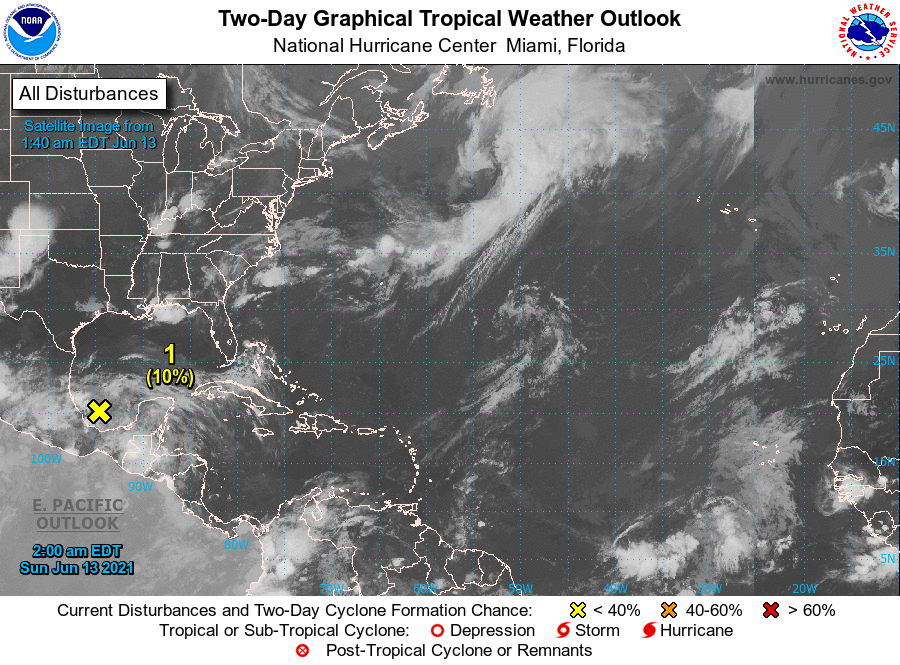
For the North Atlantic...Caribbean Sea and the Gulf of Mexico:

1. A large area of cloudiness and showers over the Bay of Campeche and adjacent land areas is associated with a trough of low pressure. Slow development is possible over the next several days while the broad disturbance moves little, and a tropical depression could form in this area by Thursday or Friday. Regardless of development, heavy rainfall will be possible over portions of Central America and southern Mexico during the next several days. Please consult products from your local meteorological service for more information.
* Formation chance through 48 hours...low...10 percent.
* Formation chance through 5 days...medium...50 percent.

Forecaster Stewart